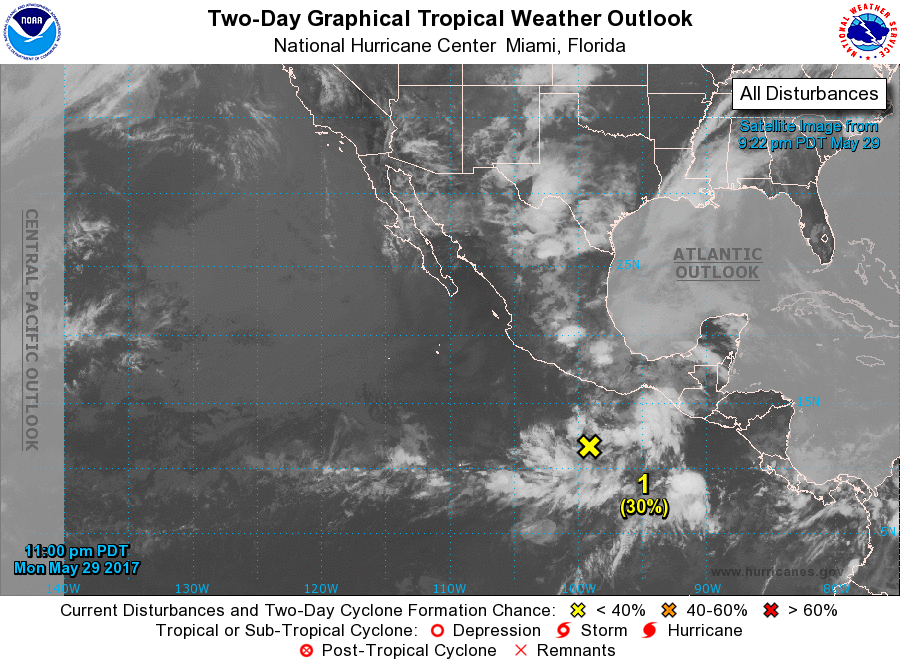
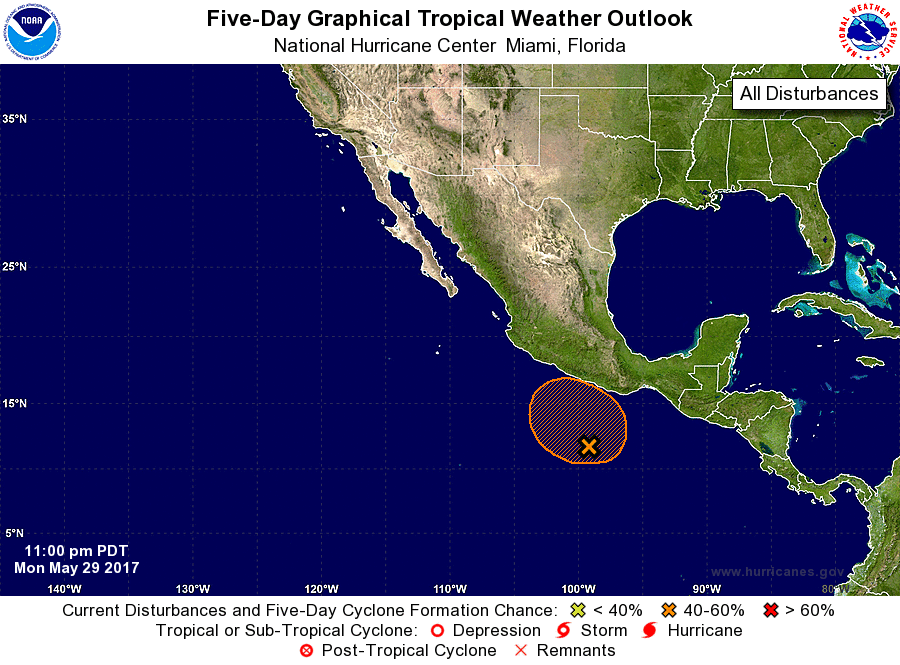
For the eastern North Pacific...east of 140 degrees west longitude:

1. Disorganized showers and thunderstorms extending from near the Gulf of Tehuantepec southwestward for several hundred miles are associated with a broad area of low pressure. Environmental conditions are expected to be conducive for gradual development of this disturbance during the next several days while it drifts generally northward.
* Formation chance through 48 hours...low...30 percent.
* Formation chance through 5 days...medium...60 percent.

Forecaster Brown